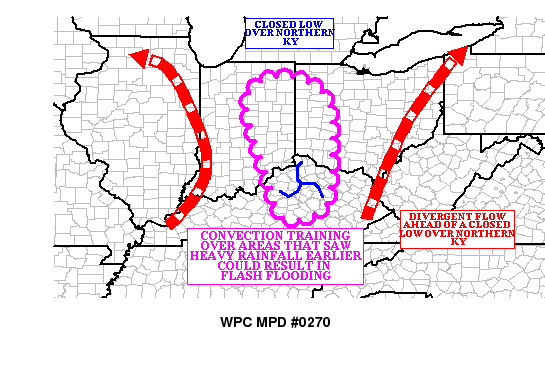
AREAS AFFECTED...EASTERN IN...CENTRAL KY...FAR WESTERN OH

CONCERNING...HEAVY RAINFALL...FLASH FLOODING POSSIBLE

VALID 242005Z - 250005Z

SUMMARY...CONVECTION TRAINING AHEAD OF A CLOSED MID LEVEL LOW OVER
NORTHERN KY COULD TRAIN OVER AREAS THAT SAW HEAVY RAINFALL EARLIER
TODAY...RESULTING IN A FLASH FLOOD THREAT.

DISCUSSION...WV LOOP SHOWED A DEEP CLOSED MID LEVEL LOW OVER
NORTHERN KY AT 1915Z. THE FLOW AHEAD OF THE CLOSED LOW IS BECOMING
INCREASINGLY DIVERGENT AHEAD OF THE CLOSED LOW OVER EASTERN
IN/WESTERN OH AND NORTHERN KY...PROVIDING SUFFICIENT LIFT FOR
CONVECTIVE ACTIVITY TO TRACK NORTH THROUGH THE LATE AFTERNOON
HOURS.

THE BEST CONVECTION ASSOCIATED WITH THE CLOSED LOW (AND ITS
MARGINAL INSTABILITY... WHERE MLCAPE VALUES ARE NEAR 500 J/KG) WAS
LOCATED OVER CENTRAL KY. THE KLVX RADAR SHOWED HOURLY RAINFALL
RATES NEAR 2.00 INCHES OVER HART AND LARUE COUNTIES IN KY.
THE CELLS HAVE BEEN VERY EFFICIENT IN THIS AIRMASS...WHERE
PRECIPITABLE WATER VALUES GENERALLY AVERAGE NEAR 1.25 INCHES.

THE CONVECTION IS ON THE EAST SIDE OF THE CLOSED MID LEVEL
CIRCULATION...AND IS EXPECTED TO TRACK NORTHWARD ACROSS NORTHERN
KY INTO WESTERN OH AND EASTERN IN...ALONG THE AXIS OF BEST
AVAILABLE INSTABILITY. THE 18Z HRRR HAS A GOOD HANDLE ON THE
CURRENT CONVECTION...AND THAT SOLUTION PRODUCES A SWATH OF 1.50 TO
2.25 INCHES OF RAINFALL STRETCHING FROM FAR SOUTHWEST OH INTO
EASTERN IN THROUGH 23Z. BASED ON WHAT HAS OCCURRED WITH THE
CONVECTION IN KY THUS FAR...THESE RAINFALL AMOUNTS SEEM PLAUSIBLE.

RAINFALL EARLIER TODAY PRODUCE LOCAL 3.00+ INCH RAINFALL AMOUNTS
(RADAR BASED) OVER PORTIONS OF EASTERN IN...AND THE ADDITIONAL
RAINFALL COULD RESULT IN A FLASH FLOOD THREAT. AFTER 00Z...THE
REMAINING INSTABILITY SHOULD BE CONSUMED...LESSENING THE POTENTIAL
FOR ADDITIONAL FLOODING.